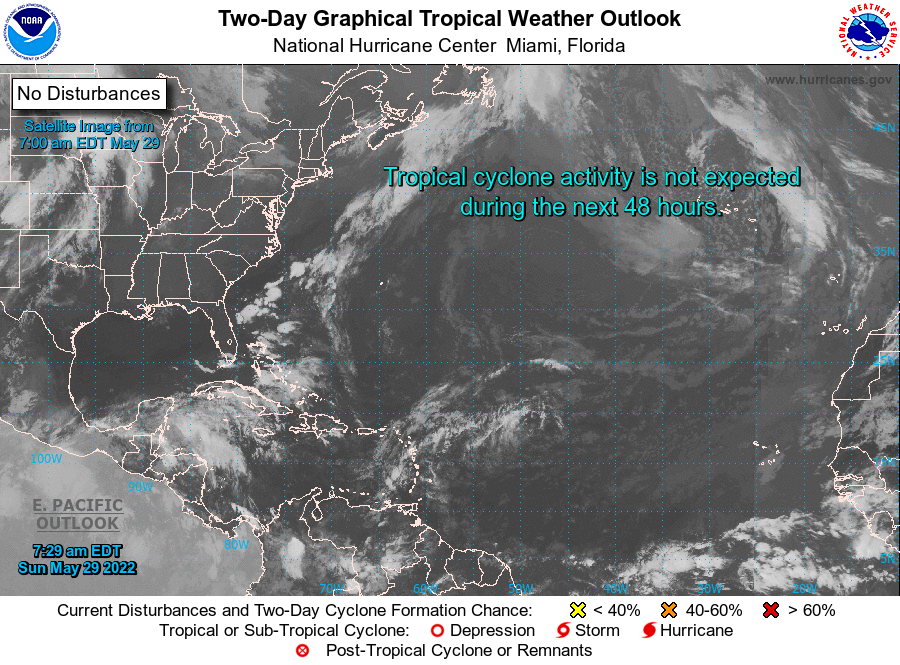
For the North Atlantic...Caribbean Sea and the Gulf of Mexico:

1. Southwest Gulf of Mexico and Northwest Caribbean Sea: A broad area of low pressure is forecast to form over the southwestern Gulf of Mexico or northwestern Caribbean Sea by the middle of the week. Some gradual development is possible thereafter while the system drifts generally eastward or northeastward.
* Formation chance through 48 hours...low...near 0 percent.
* Formation chance through 5 days...low...30 percent.

Forecaster Cangialosi